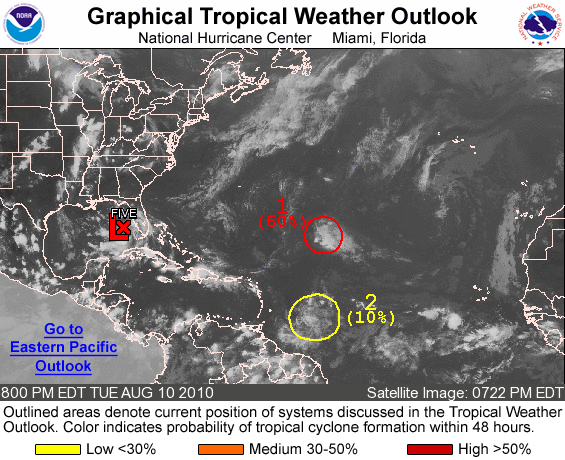
FOR THE NORTH ATLANTIC...CARIBBEAN SEA AND THE GULF OF MEXICO...

THE NATIONAL HURRICANE CENTER HAS BEGUN ISSUING ADVISORIES ON NEWLY FORMED TROPICAL DEPRESSION FIVE...LOCATED ABOUT 260 MILES SOUTH-SOUTHEAST OF APALACHICOLA FLORIDA.

1. SHOWER ACTIVITY ASSOCIATED WITH A LOW PRESSURE SYSTEM LOCATED ABOUT 750 MILES EAST-NORTHEAST OF THE NORTHERN LEEWARDS ISLANDS HAS DECREASED OVER THE PAST FEW HOURS. ALTHOUGH UPPER-LEVEL WINDS ARE NOT EXPECTED TO BECOME VERY CONDUCIVE FOR DEVELOPMENT...AN INCREASE IN THUNDERSTORM ACTIVITY COULD RESULT IN THE FORMATION OF A TROPICAL DEPRESSION. THERE IS A HIGH CHANCE...60 PERCENT...OF THIS SYSTEM BECOMING A TROPICAL CYCLONE DURING THE NEXT 48 HOURS AS IT MOVES TOWARD THE NORTH AND NORTH NORTHEAST OVER THE ATLANTIC.

2. SHOWER ACTIVITY ASSOCIATED WITH A TROPICAL WAVE LOCATED ABOUT 700 MILES EAST OF THE SOUTHERN WINDWARD ISLANDS IS MINIMAL. THE WAVE IS MOVING WESTWARD AT ABOUT 15 MPH AND DEVELOPMENT...IF ANY...SHOULD BE SLOW TO OCCUR. THERE IS A LOW CHANCE...10 PERCENT... OF THIS SYSTEM BECOMING A TROPICAL CYCLONE DURING THE NEXT 48 HOURS.

ELSEWHERE...TROPICAL CYCLONE FORMATION IS NOT EXPECTED DURING THE NEXT 48 HOURS.

FORECASTER PASCH